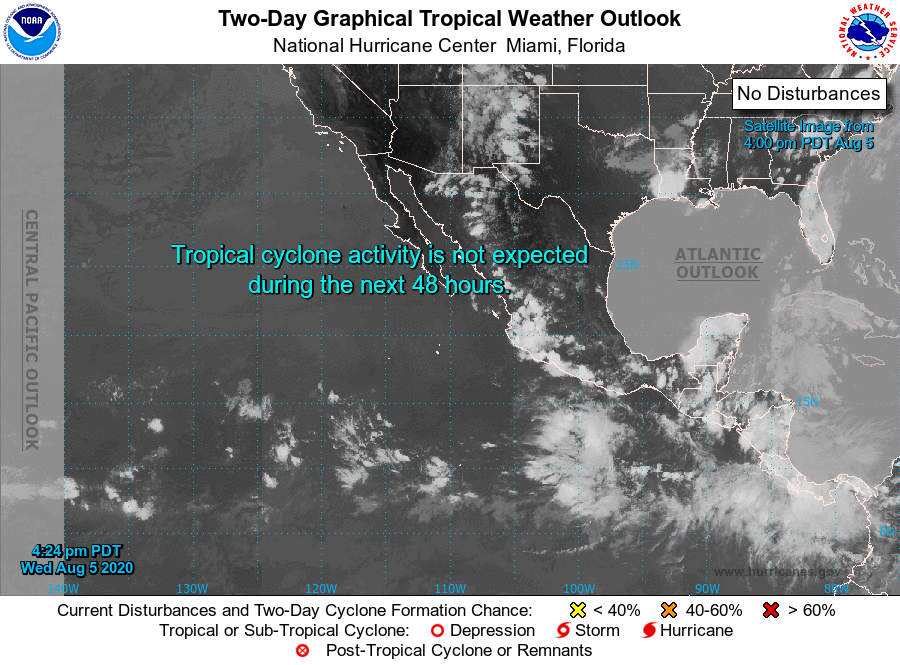
For the eastern North Pacific...east of 140 degrees west longitude:

1. An area of low pressure is expected to form south or southwest of the southern coast of Mexico over the weekend. Environmental conditions are forecast to be conducive for development, and a tropical depression is likely to form early next week while the system moves generally west-northwestward.
* Formation chance through 48 hours...low...near 0 percent.
* Formation chance through 5 days...high...70 percent.

Forecaster Latto